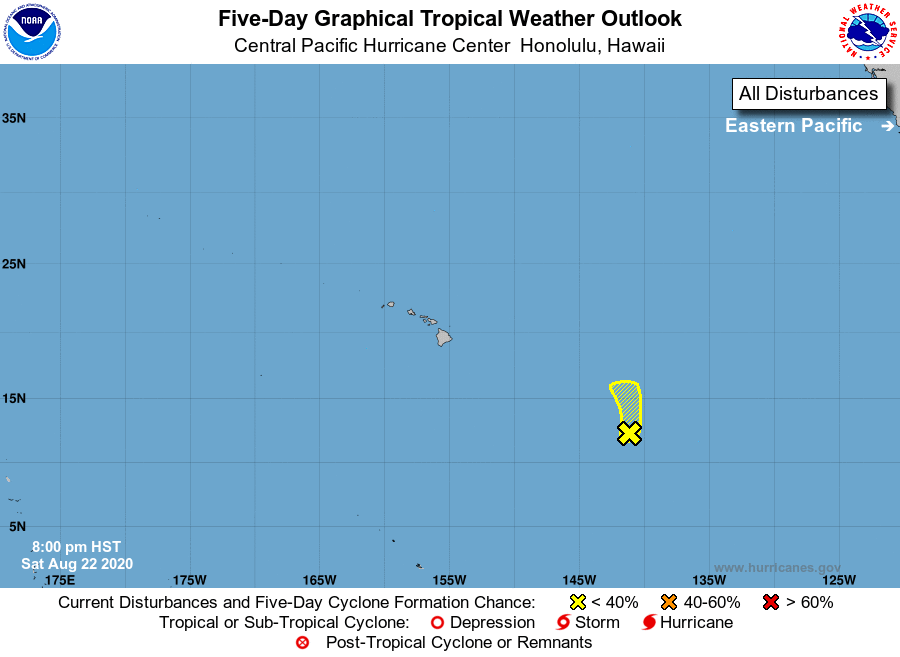
For the central North Pacific...between 140W and 180W:

1. The remnant low of Tropical Depression Ten-E, located around 1050 miles east-southeast of Hilo, Hawaii, remains disorganized this evening. Environmental conditions are expected to become increasingly unfavorable for development during the next couple days as the system tracks slowly northward.
* Formation chance through 48 hours...low...10 percent.
* Formation chance through 5 days...low...10 percent.

Elsewhere, no tropical cyclones are expected during the next 5 days.

Forecaster Jelsema